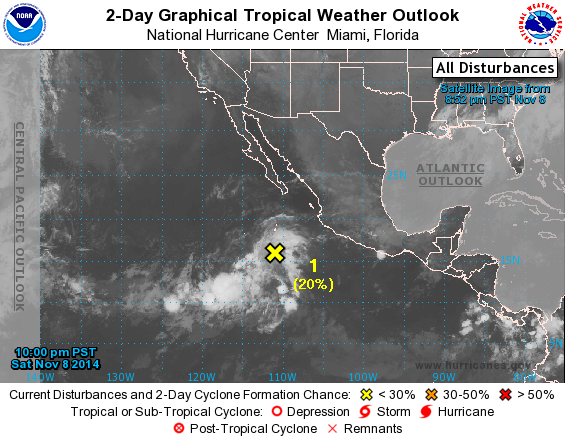
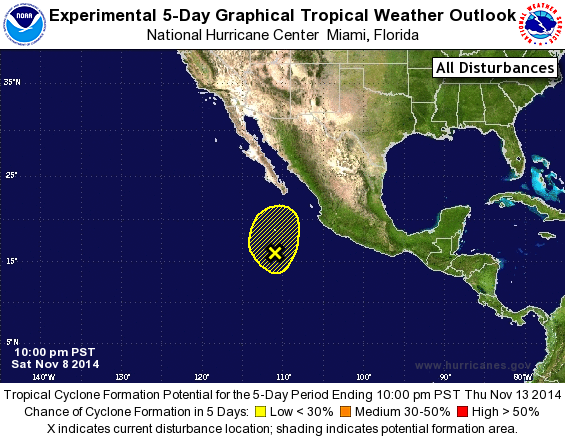
For the eastern North Pacific...east of 140 degrees west longitude:

1. Shower and thunderstorm activity associated with a low pressure system located several hundred miles south of the southern tip of the Baja California peninsula remains disorganized. Environmental conditions are expected to gradually become unfavorable for tropical cyclone formation to occur while the system moves slowly northward.
* Formation chance through 48 hours...low...20 percent.
* Formation chance through 5 days...low...20 percent.

Forecaster Stewart